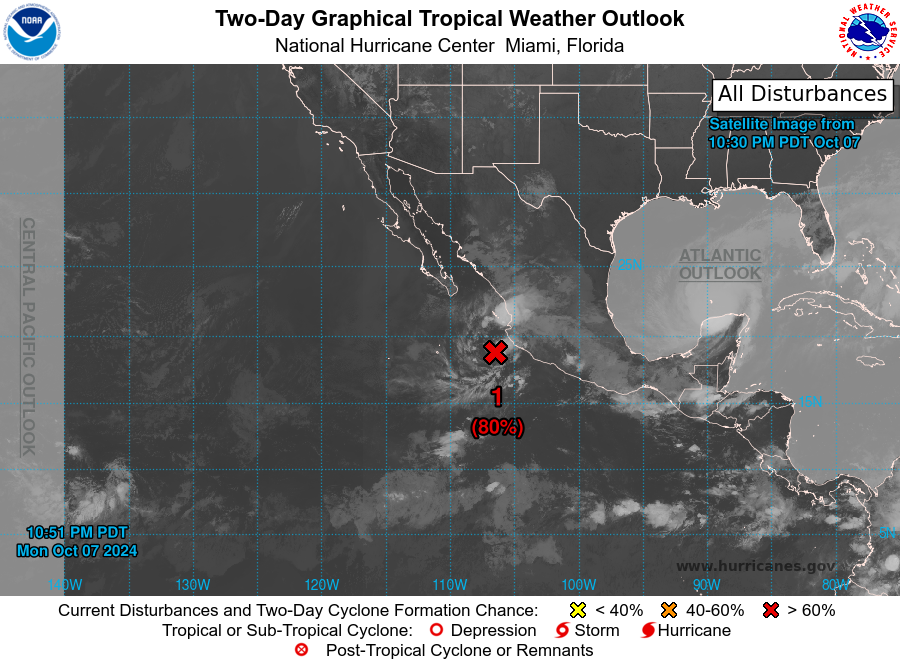
For the eastern North Pacific...east of 140 degrees west longitude:

1. Offshore of Southwestern Mexico (EP99): Showers and thunderstorms associated with an area of low pressure located about 100 miles west of Manzanillo, Mexico have changed little in organization. Environmental conditions appear somewhat favorable for additional development and only a small increase in organization could result in the formation of a tropical depression on Tuesday. The system is forecast to move slowly north-northwestward to northwestward, roughly parallel to the coast of Mexico. Interests along the southwestern coast of Mexico should monitor the progress of this system. Regardless of development, the disturbance could bring areas of heavy rain to portions of southwestern Mexico during the next couple of days.
* Formation chance through 48 hours...high...80 percent.
* Formation chance through 7 days...high...80 percent.

Forecaster Bucci